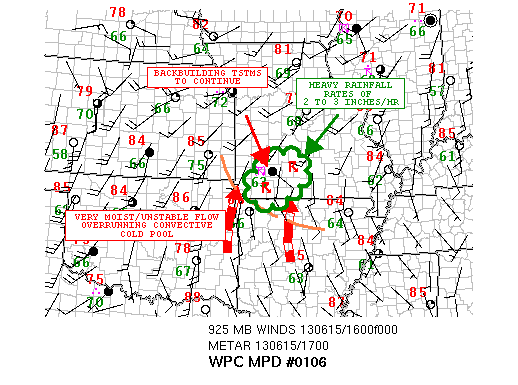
AREAS AFFECTED...SOUTHWEST MO

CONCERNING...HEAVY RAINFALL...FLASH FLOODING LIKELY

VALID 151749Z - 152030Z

SUMMARY...VERY SLOW-MOVING AND BACKBUILDING THUNDERSTORMS ARE
PRODUCING VERY HEAVY RAINFAL RATES...AND WILL PROMOTE ADDITIONAL
FLASH FLOOD CONCERNS THE NEXT FEW HOURS.

DISCUSSION...INDIVIDUAL PULSE-CELL TYPE CONVECTION FORMING OVER
SWRN MO THE LAST COUPLE OF HOURS HAS BEGUN TO EXPAND IN COVERAGE
AND CONSOLIDATE...WITH A FEW CELL-MERGERS NOW SEEN OCCURRING. THE
CONVECTION IS ALSO BACKBUILDING ALONG THE SWRN FLANK OF AN OUTFLOW
BOUNDARY THAT WAS LAID DOWN SEVERAL HOURS AGO ACROSS SWRN MO.
GIVEN A VERY MOIST/UNSTABLE ENVIRONMENT JUST TO THE SOUTH AND
SOUTHWEST OF THE CURRENT ACTIVITY WHERE PWATS ARE NEAR 2
INCHES...AND SBCAPE VALUES ARE AOA 3000 K/KG...THE CURRENT
ACTIVITY MAY BE ABLE TO SUSTAIN ITSELF FOR A FEW MORE HOURS. THE
LOW LEVEL FLOW IS EXPECTED TO VEER A BIT MORE THIS AFTERNOON...AND
SO THE UPSTREAM THERMODYNAMIC ENVIRONMENT WILL BE INTERACTING WITH
THE AFOREMENTIONED OUTFLOW BOUNDARY AND CONVECTIVELY REINFORCED
COLD POOL.

EXPECT RAINFALL RATES OF 2 TO 3 INCHES/HR THE NEXT FEW HOURS...AND
WITH VERY SLOW-MOVEMENT...EXPECT ADDITIONAL FLASH FLOODING TO
OCCUR.